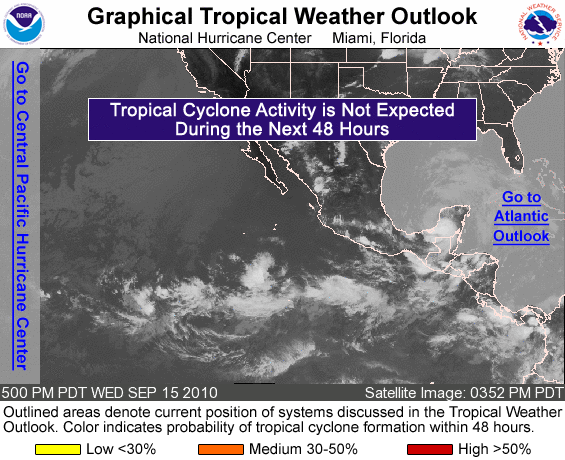
FOR THE EASTERN NORTH PACIFIC...EAST OF 140 DEGREES WEST LONGITUDE..

TROPICAL CYCLONE FORMATION IS NOT EXPECTED DURING THE NEXT 48 HOURS.

FORECASTER BERG